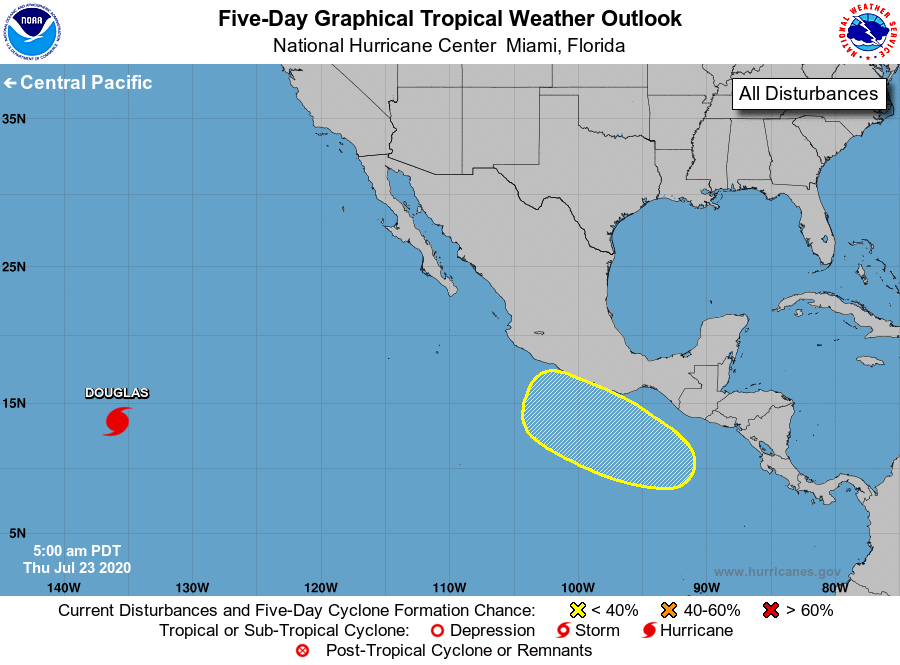
For the eastern North Pacific...east of 140 degrees west longitude:

The National Hurricane Center is issuing advisories on Hurricane Douglas, located over the far western portion of the basin.

1. An area of low pressure is likely to form south of the southern coast of Mexico and portions of Central America over the weekend. Some development of this system is possible early next week while it moves generally west-northwestward.
* Formation chance through 48 hours...low...near 0 percent.
* Formation chance through 5 days...low...20 percent.

Forecaster Blake